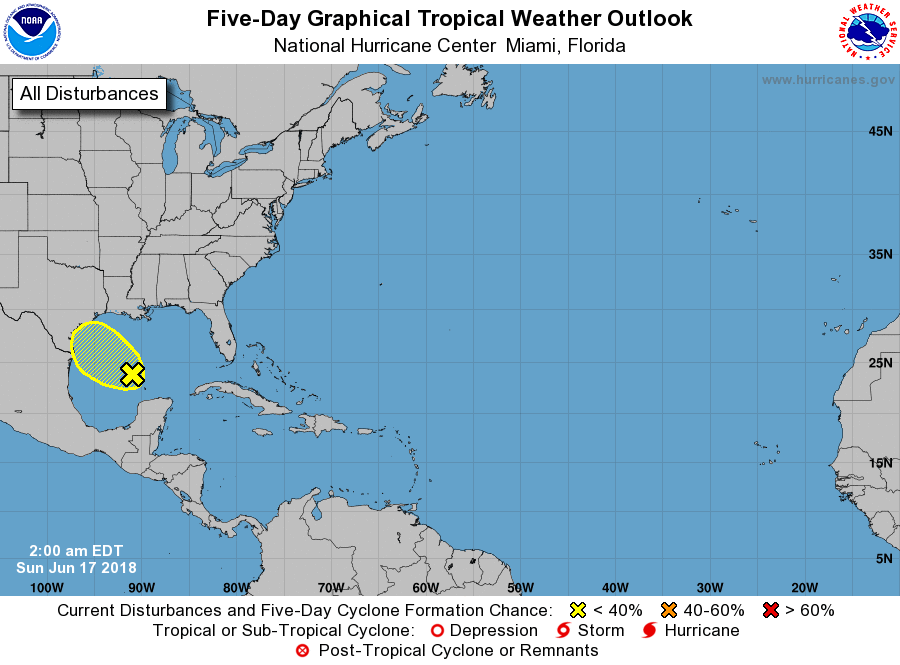
For the North Atlantic...Caribbean Sea and the Gulf of Mexico:

1. The combination of a surface trough and an upper-low is producing a large but disorganized area of showers and thunderstorm primarily over the central Gulf of Mexico. This system is producing strong gusty winds to the northeast of the trough. Environmental conditions do not support significant development, however, heavy rains and gusty winds are likely to spread across the central Gulf of Mexico on Saturday. This activity will reach portions of the Texas and southwestern Louisiana coasts on Sunday. For more details on this system please see products issued by your local weather office and High Seas Forecasts issued by the National Weather Service.
* Formation chance through 48 hours...low...20 percent.
* Formation chance through 5 days...low...20 percent.

High Seas Forecasts issued by the National Weather Service can be found under AWIPS header NFDHSFAT1, WMO header FZNT01 KWBC, and on the Web at https://ocean.weather.gov/shtml/NFDHSFAT1.shtml.

Forecaster Avila